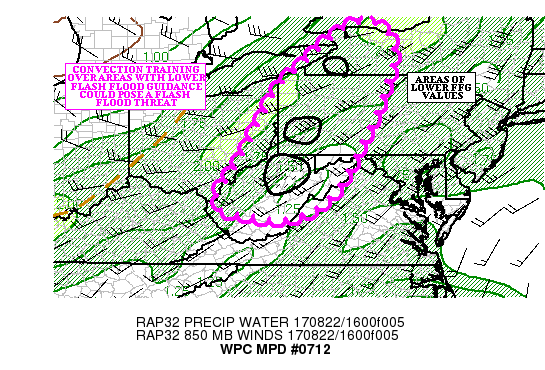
AREAS AFFECTED...WV...WESTERN PA...FAR WESTERN NY STATE

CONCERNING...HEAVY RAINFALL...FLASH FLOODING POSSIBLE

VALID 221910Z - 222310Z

SUMMARY...LINES OF MAINLY PRE FRONTAL CONVECTION COULD TRAIN OVER
AREAS WITH LOWER ONE HOUR FLASH FLOOD GUIDANCE VALUES...RESULTING
IN A FLASH FLOOD THREAT INTO THE LATE AFTERNOON HOURS.

DISCUSSION...REGIONAL RADARS SHOWED LINES OF PRE FRONTAL
CONVECTION OVER OH... NORTHERN KY INTO WESTERN PA THIS AFTERNOON.
THE CONVECTION IS FIRING ON AN AXIS OF 1000-2000 J/KG OF MLCAPE
STRETCHING FROM THE TN VALLEY INTO WESTERN AND CENTRAL PA. A
RIBBON OF 1.50/1.75 INCH PRECIPITABLE WATER EXTENDS ALONG ROUGHLY
THE SAME AXIS.

THE CONVECTIVE MODE IS CURRENTLY OUTFLOW DOMINATED...BASED ON THE
RADAR PRESENTATION AND DRY AIR IN THE MID LEVELS (PER RAP
SOUNDINGS OVER OH INTO NORTHERN KY). THE MOST RECENT HRRR AND RAP
SUGGEST THIS MODE CONTINUES INTO THE LATE AFTERNOON HOURS... AS
PROPAGATION VECTORS SUGGEST A SOUTHWEST TO NORTHWEST STORM TRACK.

THE MAIN CONCERN FOR FLASH FLOODING IS TIED TO THE POTENTIAL FOR
TRAINING. AS LINES OF CONVECTION TRACK OVER THE SAME LOCATIONS IN
NORTHERN WV...WESTERN PA INTO FAR WESTERN NY STATE...THEY WILL
PRODUCE HEAVY RAINFALL OVER AREAS WITH ONE HOUR FLASH FLOOD
GUIDANCE VALUES BETWEEN 1.00 AND 1.50 INCHES.

MOST OF THE AVAILABLE HIGH RESOLUTION GUIDANCE IS NOT CAPTURING
THE PRE FRONTAL CONVECTION WELL (OR AT ALL IN SOME
CASES)...INSTEAD FOCUSING ON WHERE THESE SOLUTIONS PLACE THE
FRONTAL BASED STORMS. BECAUSE OF THAT...THE HIGH RESOLUTION MODELS
APPEAR TO BE 2-3 HOURS SLOW.

HOWEVER...THE LATEST HRRR AMOUNTS SHOWING 1.00 TO 2.00 INCHES OF
RAINFALL WITH MAINLY PROGRESSIVE CONVECTION SEEMS REASONABLE.
AMOUNTS THIS HIGH COULD PRODUCE FLASH FLOODING IN AREAS WITH LOWER
FLASH FLOOD GUIDANCE VALUES INTO THE LATE AFTERNOON HOURS.